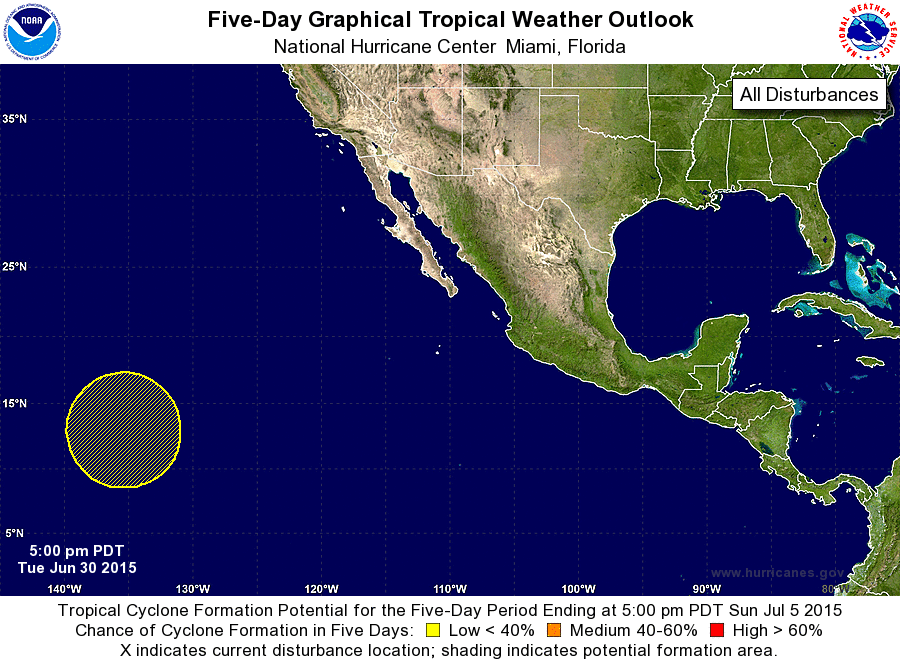
For the eastern North Pacific...east of 140 degrees west longitude:

1. An area of low pressure is expected to form well to the east-southeast of the Hawaiian Islands by the weekend. Some slow development is possible thereafter while the system moves west-northwestward.
* Formation chance through 48 hours...low...near 0 percent
* Formation chance through 5 days...low...20 percent

Forecaster Pasch